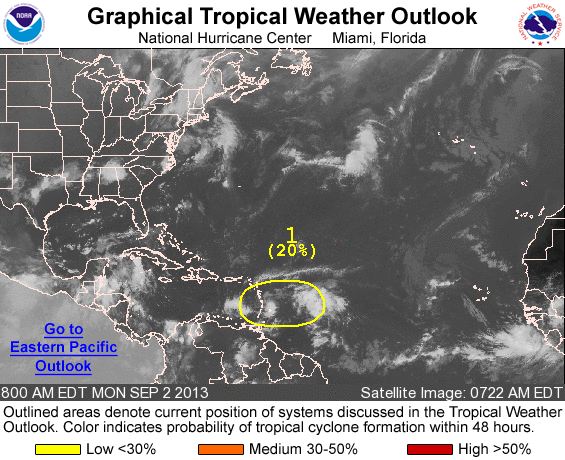
FOR THE NORTH ATLANTIC...CARIBBEAN SEA AND THE GULF OF MEXICO...

1. DISORGANIZED CLOUDINESS AND SHOWERS IN ASSOCIATION WITH AN ELONGATED AREA OF LOW PRESSURE EXTEND FROM THE EASTERN CARIBBEAN SEA ACROSS THE LESSER ANTILLES AND INTO THE TROPICAL ATLANTIC. ALTHOUGH UPPER-LEVEL WINDS ARE FAVORABLE...THE PROXIMITY TO DRY AIR IN THE MIDDLE LEVELS OF THE ATMOSPHERE IS INHIBITING DEVELOPMENT OF THIS DISTURBANCE. THIS SYSTEM HAS A LOW CHANCE...20 PERCENT...OF BECOMING A TROPICAL CYCLONE DURING THE NEXT 48 HOURS...AND A MEDIUM CHANCE...50 PERCENT...OF BECOMING A TROPICAL CYCLONE DURING THE NEXT 5 DAYS WHILE IT MOVES WESTWARD TO WEST-NORTHWESTWARD AT AROUND 10 MPH OVER THE CARIBBEAN SEA...AND NEAR OR OVER HISPANIOLA. REGARDLESS OF WHETHER OR NOT A TROPICAL CYCLONE FORMS...BRIEF PERIODS OF LOCALLY HEAVY RAINFALL AND GUSTY WINDS ARE EXPECTED TO AFFECT PORTIONS OF THE LESSER ANTILLES OVER THE NEXT DAY OR SO.

OTHER SYSTEMS WITH FORMATION POTENTIAL BEYOND 48 HOURS...

A TROPICAL WAVE LOCATED OVER THE NORTHWESTERN CARIBBEAN SEA IS MOVING WEST-NORTHWESTWARD AT ABOUT 10 MPH. THIS SYSTEM IS EXPECTED TO MOVE ACROSS THE YUCATAN PENINSULA TODAY AND INTO THE BAY OF CAMPECHE TUESDAY THROUGH THURSDAY...WHERE SOME DEVELOPMENT IS POSSIBLE LATER IN THE WEEK. THIS SYSTEM HAS A LOW CHANCE...NEAR 0 PERCENT...OF BECOMING A TROPICAL CYCLONE DURING THE NEXT 48 HOURS...AND A LOW CHANCE...20 PERCENT...OF BECOMING A TROPICAL CYCLONE DURING THE NEXT 5 DAYS.

FIVE-DAY FORMATION PROBABILITIES ARE EXPERIMENTAL IN 2013. COMMENTS ON THE EXPERIMENTAL FORECASTS CAN BE PROVIDED AT...

HTTP://WWW.NWS.NOAA.GOV/SURVEY/NWS-SURVEY.PHP?CODE=ETWO

FORECASTER STEWART